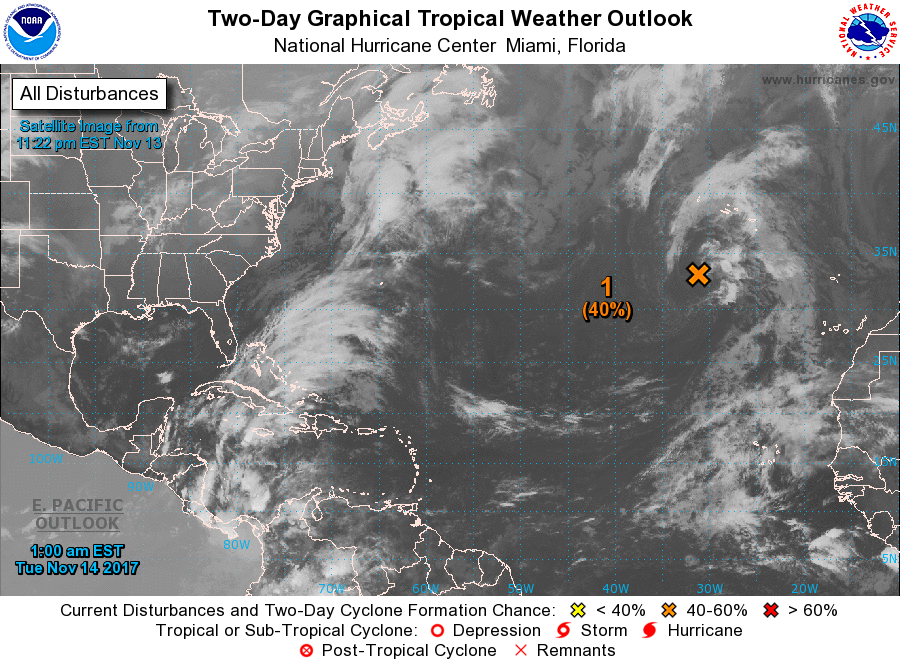
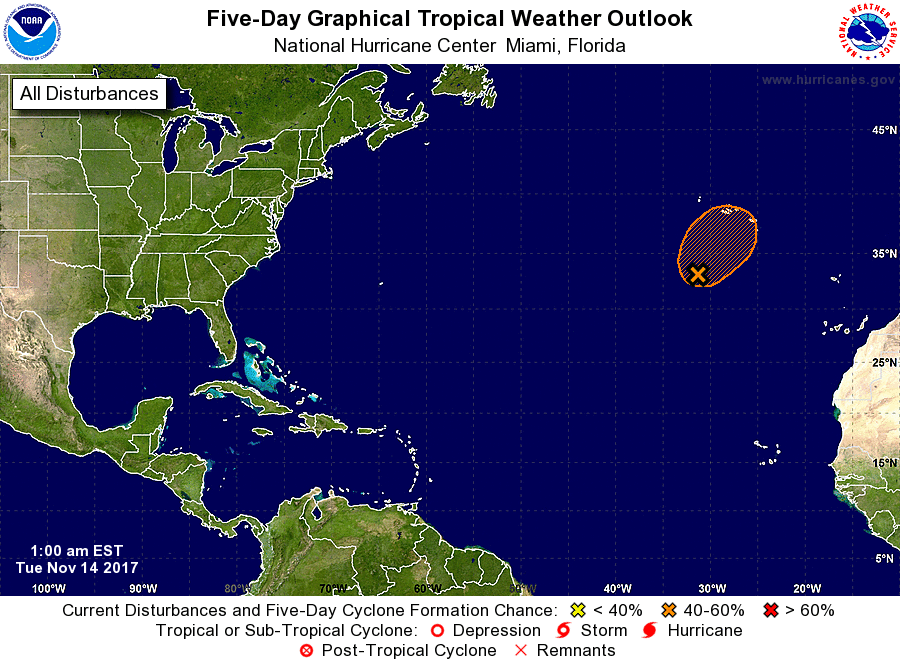
For the North Atlantic...Caribbean Sea and the Gulf of Mexico:

1. Showers and thunderstorms have increased a little during the past several hours in association with a low pressure system located about 400 miles south-southwest of the Azores. Additional development of this system is possible, and it could become a subtropical cyclone during the next couple of days before upper-level winds become unfavorable. Regardless of development, this low is expected to produce winds to near gale force during the next day or two while it moves slowly northeastward.
* Formation chance through 48 hours...medium...40 percent.
* Formation chance through 5 days...medium...50 percent.

Additional information on this system can be found in High Seas Forecasts issued by Meteo France under WMO header FQNT50 LFPW and available on the web at http://www.meteofrance.com/previsions-meteo-marine/bulletin.

Forecaster Cangialosi